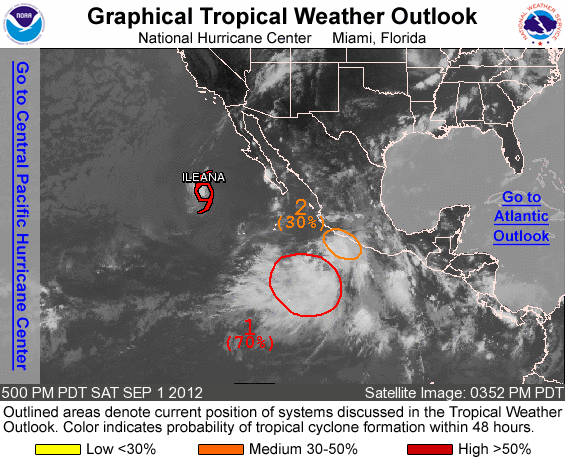
FOR THE EASTERN NORTH PACIFIC...EAST OF 140 DEGREES WEST LONGITUDE..

THE NATIONAL HURRICANE CENTER IS ISSUING ADVISORIES ON TROPICAL STORM ILEANA...LOCATED ABOUT 625 MILES WEST OF THE SOUTHERN TIP OF BAJA CALIFORNIA.

1. SHOWERS AND THUNDERSTORMS CONTINUE TO SHOW SIGNS OF ORGANIZATION IN ASSOCIATION WITH AN AREA OF LOW PRESSURE LOCATED ABOUT 350 MILES SOUTH OF MANZANILLO MEXICO. ENVIRONMENTAL CONDITIONS APPEAR CONDUCIVE FOR DEVELOPMENT OF THIS SYSTEM...AND IT COULD BECOME A TROPICAL DEPRESSION DURING THE NEXT DAY OR SO AS IT MOVES WEST- NORTHWESTWARD AT AROUND 15 MPH. THIS SYSTEM HAS A HIGH CHANCE...70 PERCENT...OF BECOMING A TROPICAL CYCLONE DURING THE NEXT 48 HOURS.

2. A SMALL AREA OF LOW PRESSURE LOCATED ABOUT 150 MILES SOUTH-SOUTHEAST OF MANZANILLO MEXICO IS PRODUCING A CONCENTRATED AREA OF SHOWERS AND THUNDERSTORMS AND WINDS TO NEAR TROPICAL STORM FORCE JUST OFFSHORE OF THE SOUTHERN COAST OF MEXICO. HOWEVER...THIS DISTURBANCE CURRENTLY LACKS A CLOSED SURFACE CIRCULATION. THIS SYSTEM HAS A MEDIUM CHANCE...30 PERCENT...OF BECOMING A TROPICAL CYCLONE DURING THE NEXT 48 HOURS BEFORE IT MERGES WITH THE LARGER LOW TO ITS SOUTH.

ELSEWHERE...TROPICAL CYCLONE FORMATION IS NOT EXPECTED DURING THE NEXT 48 HOURS.

FORECASTER CANGIALOSI